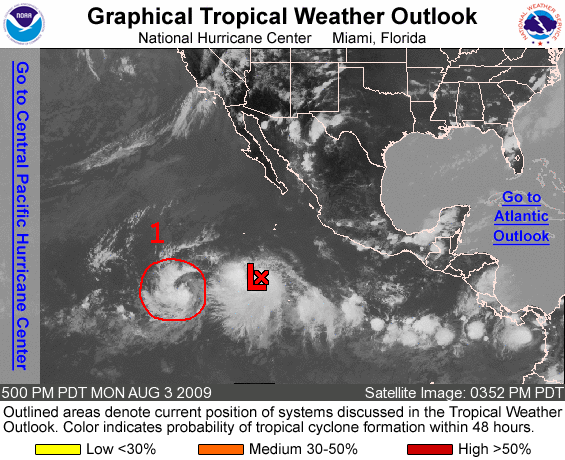
FOR THE EASTERN NORTH PACIFIC...EAST OF 140 DEGREES WEST LONGITUDE..

THE NATIONAL HURRICANE CENTER IS ISSUING ADVISORIES ON NEWLY-FORMED TROPICAL DEPRESSION SEVEN-E...LOCATED ABOUT 705 MILES SOUTH-SOUTHWEST OF THE SOUTHERN TIP OF BAJA CALIFORNIA.

1. SHOWERS AND THUNDERSTORMS ASSOCIATED WITH AN AREA OF DISTURBED WEATHER LOCATED ABOUT 1150 MILES SOUTHWEST OF THE SOUTHERN TIP OF BAJA CALIFORNIA HAVE CONTINUED TO BECOME BETTER ORGANIZED...AND A TROPICAL DEPRESSION MAY BE FORMING. IF CURRENT TRENDS CONTINUE... ADVISORIES MAY BE INITIATED LATER THIS EVENING AS THE SYSTEM MOVES WESTWARD OR WEST-NORTHWESTWARD AT AROUND 15 MPH. THERE IS A HIGH CHANCE...GREATER THAN 50 PERCENT...OF THIS SYSTEM BECOMING A TROPICAL CYCLONE DURING THE NEXT 48 HOURS.

ELSEWHERE...TROPICAL CYCLONE FORMATION IS NOT EXPECTED DURING THE NEXT 48 HOURS.

PUBLIC ADVISORIES ON TROPICAL DEPRESSION SEVEN-E ARE ISSUED UNDER WMO HEADER WTPZ32 KNHC AND UNDER AWIPS HEADER MIATCPEP2. FORECAST/ADVISORIES ON TROPICAL DEPRESSION SEVEN-E ARE ISSUED UNDER WMO HEADER WTPZ22 KNHC AND UNDER AWIPS HEADER MIATCMEP2.

FORECASTER SCHAUER CLARK/BRENNAN